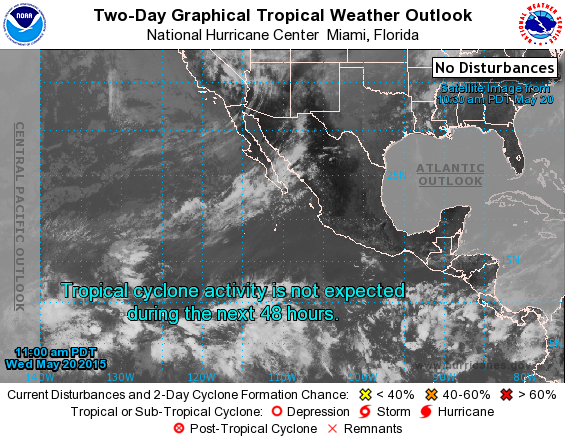
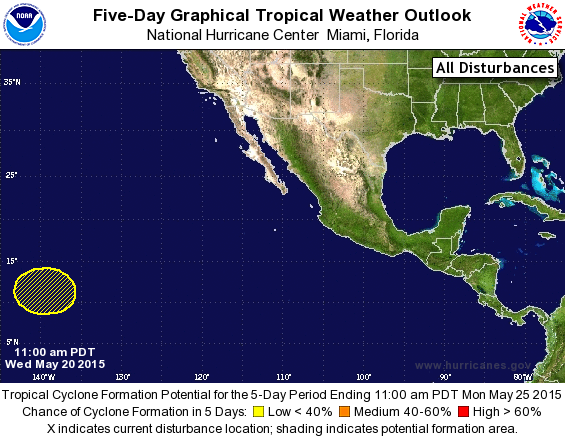
For the eastern North Pacific...east of 140 degrees west longitude:

1. An area of low pressure could form over the weekend well to the west-southwest of the southern tip of Baja California. Environmental conditions are expected to be conducive for some subsequent development while the system moves slowly northwestward.
* Formation chance through 48 hours...low...near 0 percent
* Formation chance through 5 days...low...20 percent

Forecaster Beven